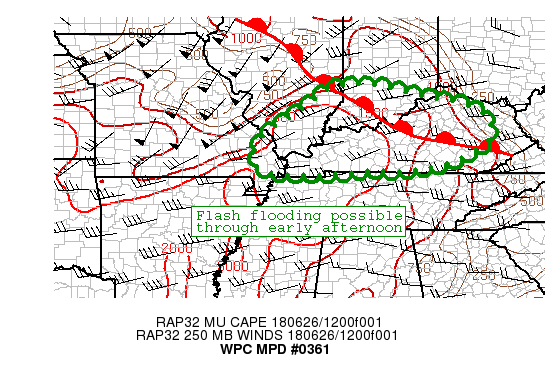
AREAS AFFECTED...SERN MO...SRN IL AND IN...KY

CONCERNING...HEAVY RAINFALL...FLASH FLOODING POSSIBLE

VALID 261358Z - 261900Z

SUMMARY...ATMOSPHERIC CONDITIONS APPEAR SUFFICIENT FOR MAINTENANCE
OF A CONVECTIVE COMPLEX MOVING EAST ACROSS THE OUTLINED AREA, WITH
SOME POTENTIAL FOR ADDITIONAL CELL DEVELOPMENT AHEAD OF THE
COMPLEX ALONG A SLOW-MOVING WARM FRONT. FLASH FLOODING IS POSSIBLE
THROUGH EARLY AFTERNOON.

DISCUSSION...A CONVECTIVE COMPLEX WAS ONGOING THIS MORNING FROM
SOUTHEASTERN MO INTO SOUTH CENTRAL IL, AND MOVING EASTWARD. HOURLY
RAINFALL RATES IN THE CONVECTION OF 1-1.5 IN/HR WERE ESTIMATED BY
RADAR. LATEST GOES-16 INFRARED IMAGERY INDICATE A SLIGHT WARMING
OF CLOUD TOPS, INDICATING PERHAPS MODEST WEAKENING OF THE
CONVECTIVE CORES. FARTHER EAST, SCATTERED CONVECTIVE CELLS WERE
PERSISTING IN THE VICINITY OF A SURFACE FRONT, WITH SOME CELL
REDEVELOPMENT/TRAINING OBSERVED, RESULTING IN HOURLY RAIN RATES
EXCEEDING 2 IN/HR FOR SOME AREAS. ATMOSPHERIC CONDITIONS APPEAR
FAVORABLE FOR CONTINUED MAINTENANCE OF THE COMPLEX, WITH
SUFFICIENT SHEAR (0-6 KM BULK SHEAR AROUND 30 KT) AND INSTABILITY
(MUCAPE OF 2000-3000 J/KG), AS WELL AS A MODEST DEGREE OF UPPER
DIFFLUENCE AHEAD OF AN UPPER LOW CROSSING THE MIDWEST.
ADDITIONALLY, THE 12Z RAOB FROM BNA ALONG WITH SPC MESOANALYSIS
SHOW AN AREA OF 700-500 HPA LAPSE RATES OF 7-7.5 DEG C/KM,
INDICATING THE PRESENCE OF AN ELEVATED NEAR-MIXED LAYER IN THE
WEAKLY CAPPED ENVIRONMENT SOUTH OF A STATIONARY SURFACE FRONT.

MOST HI-RES MODELS APPEAR TO HAVE A RELATIVELY POOR GRASP OF THE
SITUATION. THE EXPERIMENTAL HRRR SEEMS TO HAVE THE BEST HANDLE OF
THE ONGOING CONVECTION, AND SHOWS THE COMPLEX CONTINUING TO MOVE
EAST ACROSS THE OUTLINED AREA. ADDITIONALLY, LOCALIZED AREAS OF
TRAINING/REPEAT CELL DEVELOPMENT SHOULD CONTINUE IN THE VICINITY
OF THE SURFACE FRONT AHEAD OF THE COMPLEX. LOCALIZED AREAS OF 2-3
INCH RAINFALL AMOUNTS APPEAR POSSIBLE THROUGH 19Z. FLASH FLOOD
GUIDANCE VARIES ACROSS THE AREAS, BUT IN GENERAL, RAINFALL RATES
OF 1.5 IN/HR COULD POSE A PROBLEM FOR SOME AREAS GIVEN RECENT
LOCALLY HEAVY RAINS. THUS, FLASH FLOODING IS POSSIBLE THROUGH
EARLY AFTERNOON.